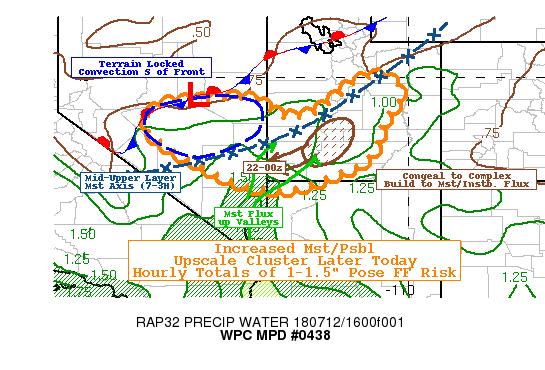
AREAS AFFECTED...EAST CENTRAL NV...SOUTHWEST UT

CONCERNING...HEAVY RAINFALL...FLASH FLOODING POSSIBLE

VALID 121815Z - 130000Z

SUMMARY...MTN CONVECTION TO SPAWN A SW MOVING COMPLEX OVER SW
UT/SE NV.  SLOW/STATIONARY CONVECTION ALONG SOUTHERN GREAT BASIN
RANGES...BOTH POSING PSBL FF RISK THROUGH 00Z.

DISCUSSION...CIRA LPW/TPW ALONG WITH GPS NETWORK DEPICT A
FUNNELING OF LOW LEVEL MOISTURE UP THROUGH THE LOWER CO RIVER
VALLEY INTO THE MEADOW VALLEY/VIRGIN RIVER VALLEYS WITH VALUES
REACHING INTO THE 1.25" RANGE WHICH IS ABOUT 200% OF NORMAL.  THE
MID TO UPPER LEVEL PW LAYERS SUGGEST SOME MODERATE CONNECTION
STILL TO THE NORTHERN STREAM WITH 5-3H LAYER ORIENTED ACROSS S NV
AND CENTRAL UT TO CENTRAL WY.  SURFACE ANALYSIS SUGGESTS THE
FRONTAL BOUNDARY IS FAIRLY DEEP ALONG THE NW EDGE OF THIS MOISTURE
PLUME WHICH CAN BE DELINEATED BY THE CU/TCU GROWTH ON THE GREAT
BASIN RANGES.

FURTHER SOUTHEAST INTO CENTRAL ANS SW UT MOUNTAIN RANGES GIVEN
CLEAR SKIES AND GOOD INSOLATION THIS MORNING BUT ALSO THE
INCREASING MOISTURE...AS ALREADY SPARKED TCU INTO SOME ISOLATED
CBS.  RAP FORECAST SUGGEST THE LL FLOW WILL INCREASE SLOWLY
USHERING IN INCREASED MST AND THEREFORE INSTABILITY REACHING
2500-3000 J/KG TOWARD LATE AFTERNOON.  AS SUCH CONVECTION ALONG
THE SPINE IS EXPECTED TO CONTINUE TO DEVELOP AND WITH LIMITING
FLOW ALOFT WILL BE SLOW MOVING WITH HOURLY TOTALS OF .75-1"
POSSIBLE.  HOWEVER AS THE FLOW INCREASES AND COLD POOLS GENERATE
OUTFLOW BOUNDARIES SHOULD FOCUS CONVECTION THAT WILL PROPAGATE TO
THE INFLOW WITH INCREASING UPDRAFT STRENGTH/MST FLUX TO SUPPORT
INCREASED RATES OF 1-1.5"/HR PSBL (HIGHEST WITH CELL MERGERS) AS
THERE IS A GOOD POTENTIAL FOR A COMPLEX TO GROW UPSCALE MOVING
SOUTH SUPPORTED BY THE 12Z ARW/NSSL WRF AND NAM CONEST.
HOWEVER...SINCE HI-RES CAMS ARE SLOW ON CONVECTIVE
INITIATION...WOULD EXPECT AN HOUR OR SO EARLIER WITH THE COMPLEX
EVOLUTION TOO.

WHILE THERE IS GREATER UNCERTAINTY FURTHER WEST INTO CENTRAL
NV...BEING SW OF THE FRONTAL ZONE THERE IS AT LEAST SOME THREAT
FOR TERRAIN LOCKED CONVECTION TO POSE A PSBL FLASH FLOOD THREAT
HERE AS WELL (UP TO 1" IN LESS THAN 1 HR)...AND HAVE INCLUDED IT
IN THE AREA OF CONCERN FOR PSBL FLASH FLOODING THROUGH 00Z.